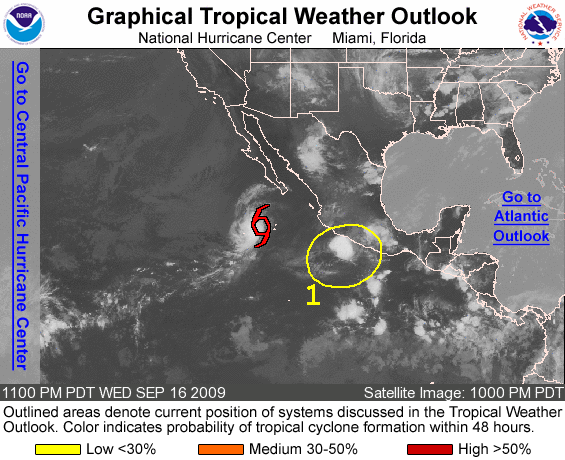
FOR THE EASTERN NORTH PACIFIC...EAST OF 140 DEGREES WEST LONGITUDE..

THE NATIONAL HURRICANE CENTER IS ISSUING ADVISORIES ON TROPICAL STORM MARTY...LOCATED ABOUT 315 MILES SOUTHWEST OF THE SOUTHERN TIP OF BAJA CALIFORNIA.

1. A SMALL AREA OF DISTURBED WEATHER HAS FORMED JUST SOUTH OF ZIHUATANEJO ON THE SOUTHWEST COAST OF MEXICO. THIS ACTIVITY IS EXPECTED TO MOVE TOWARD THE WEST WITH SOME POTENTIAL FOR SLOW DEVELOPMENT DURING THE NEXT DAY OR TWO. THERE IS A LOW CHANCE...LESS THAN 30 PERCENT...OF THIS SYSTEM BECOMING A TROPICAL CYCLONE DURING THE NEXT 48 HOURS.

ELSEWHERE...TROPICAL CYCLONE FORMATION IS NOT EXPECTED DURING THE NEXT 48 HOURS.

PUBLIC ADVISORIES ON MARTY ARE ISSUED UNDER WMO HEADER WTPZ31 KNHC AND UNDER AWIPS HEADER MIATCPEP1...AND FORECAST/ADVISORIES ARE ISSUED UNDER WMO HEADER WTPZ21 KNHC AND UNDER AWIPS HEADER MIATCMEP1.

FORECASTER AVILA